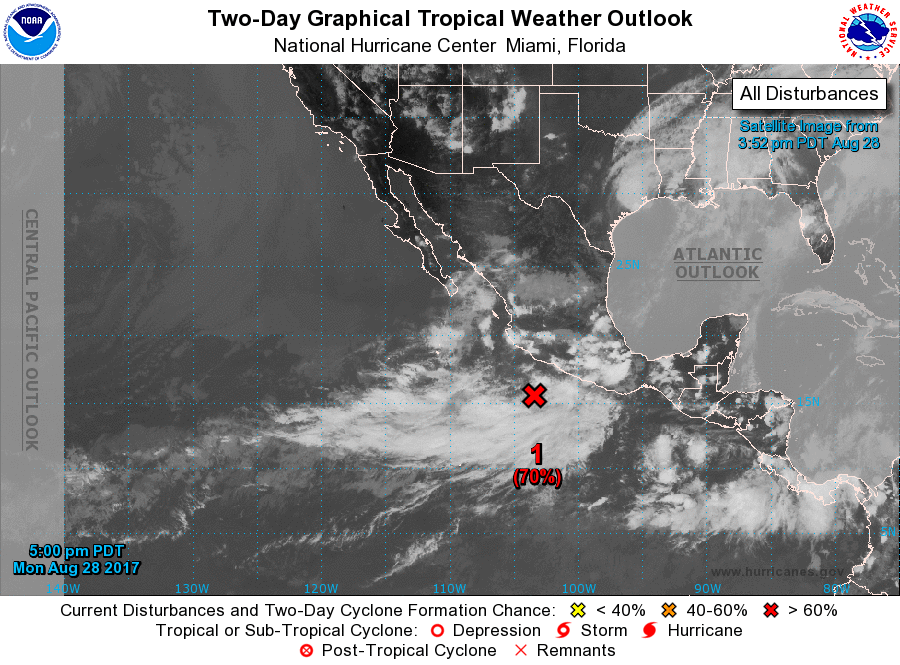
For the eastern North Pacific...east of 140 degrees west longitude:

1. An elongated area of low pressure centered about a few hundred miles south-southeast of Manzanillo, Mexico, is producing widespread disorganized showers and thunderstorms. Environmental conditions are forecast to be conducive for development, and this system is expected to become a tropical cyclone within the next couple of days while it moves generally northward or northwestward near the coast of southwestern Mexico and Baja California Sur. Residents in those areas should monitor the progress of this system, and tropical storm watches could be required for a portion of the area on Tuesday. Regardless of development, very heavy rain is expected in southwestern Mexico and Baja California Sur over the next few days and could cause life-threatening flash floods and mudslides.
* Formation chance through 48 hours...high...70 percent.
* Formation chance through 5 days...high...90 percent.

Forecaster Roberts